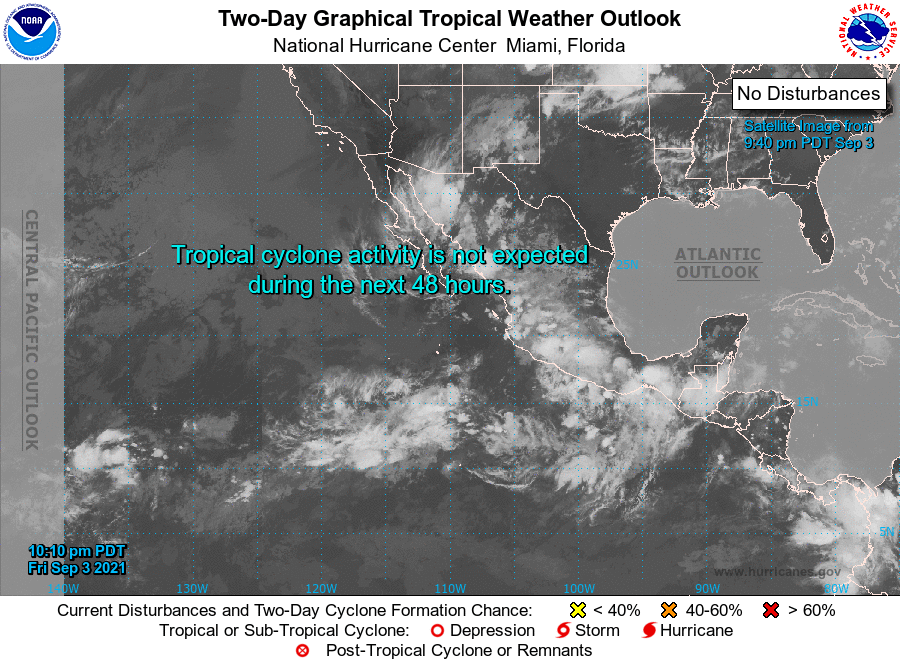
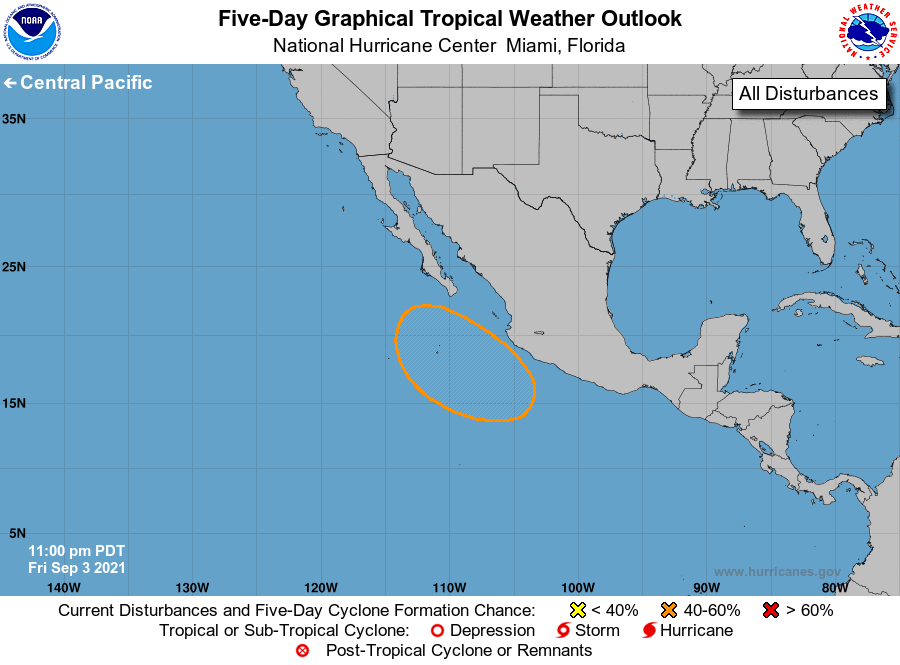
For the eastern North Pacific...east of 140 degrees west longitude:

1. An area of low pressure is forecast to form in a couple of days off the southwestern coast of Mexico. Environmental conditions are expected to be conducive for gradual development thereafter, and the system could become a tropical depression around the middle of next week as it moves west-northwestward or northwestward.
* Formation chance through 48 hours...low...near 0 percent.
* Formation chance through 5 days...medium...50 percent.

Forecaster Cangialosi